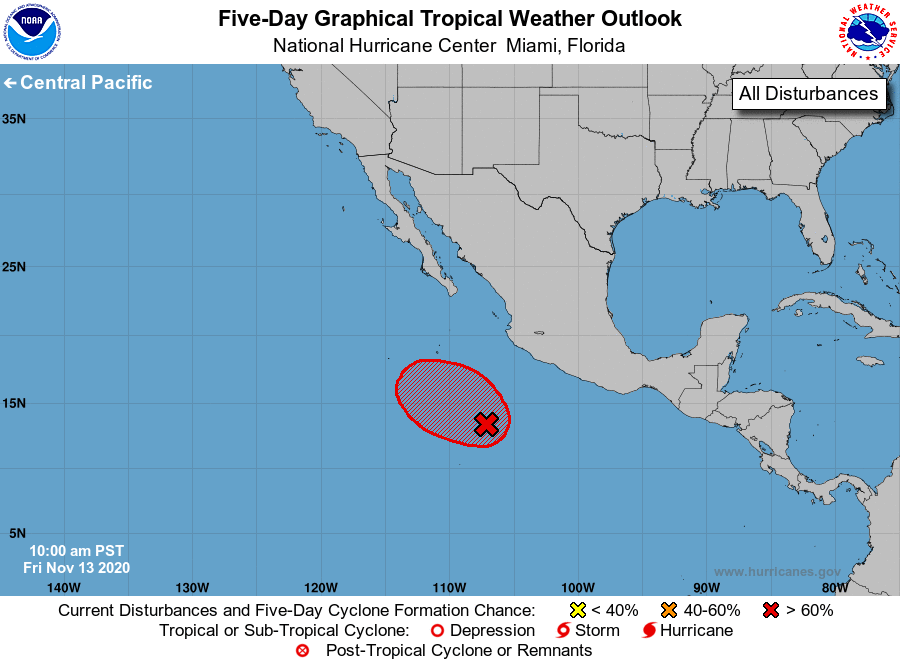
For the eastern North Pacific...east of 140 degrees west longitude:

1. Showers and thunderstorms have increased this morning in association with an area of low pressure located several hundred miles southwest of the coast of Mexico. Environmental conditions are forecast to be conducive for some gradual development, and a tropical depression is likely to form late this weekend or early next week as the system moves slowly toward the west-northwest away from the coast of Mexico.
* Formation chance through 48 hours...medium...40 percent.
* Formation chance through 5 days...high...70 percent.

Forecaster Latto